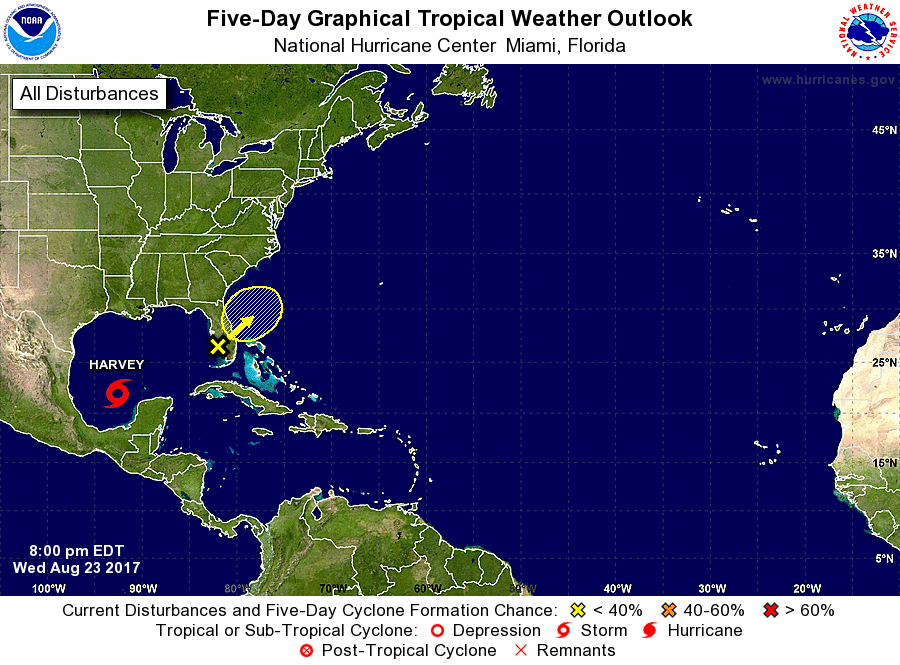
For the North Atlantic...Caribbean Sea and the Gulf of Mexico:

The National Hurricane Center is issuing advisories on Tropical Depression Harvey, located over the southwestern Gulf of Mexico.

1. Disorganized showers and thunderstorms extending across the Bahamas, southern Florida, and the adjacent waters are associated with a trough of low pressure. Development, if any, of this system during the next few days should be slow to occur while it drifts northward over Florida and the adjacent waters. Thereafter, some tropical or subtropical development is possible over the weekend while the system moves northeastward over the western Atlantic before it merges with a front. Regardless of development, very heavy rain and flooding is possible over portions of the Florida peninsula during the next few days. Please refer to products from your local National Weather Service office for more information on this system.
* Formation chance through 48 hours...low...10 percent.
* Formation chance through 5 days...low...20 percent.

Public Advisories on Harvey are issued under WMO header WTNT34 KNHC and under AWIPS header MIATCPAT4. Forecast/Advisories on Harvey are issued under WMO header WTNT24 KNHC and under AWIPS header MIATCMAT4.

Forecaster Cangialosi